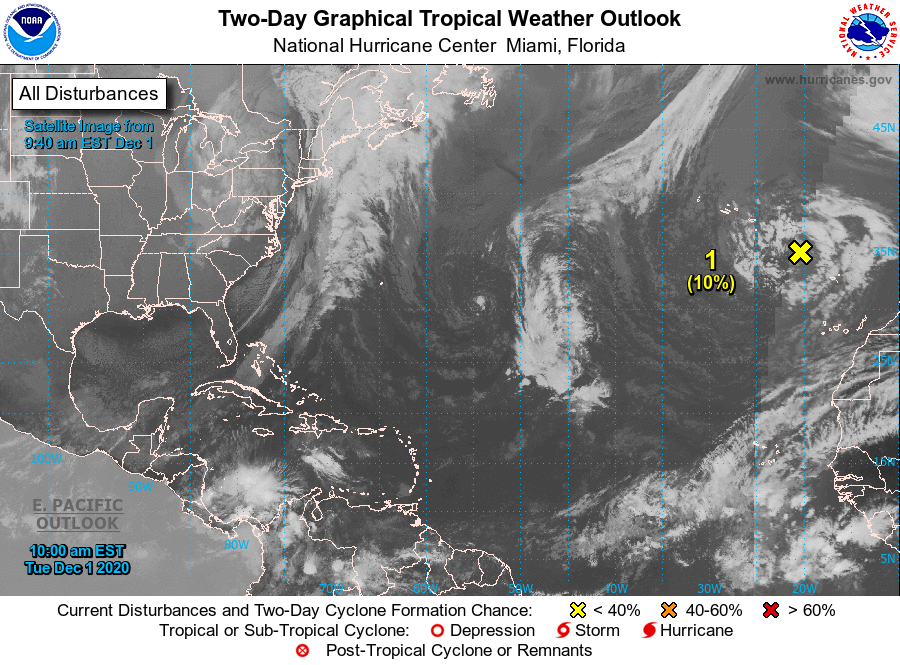
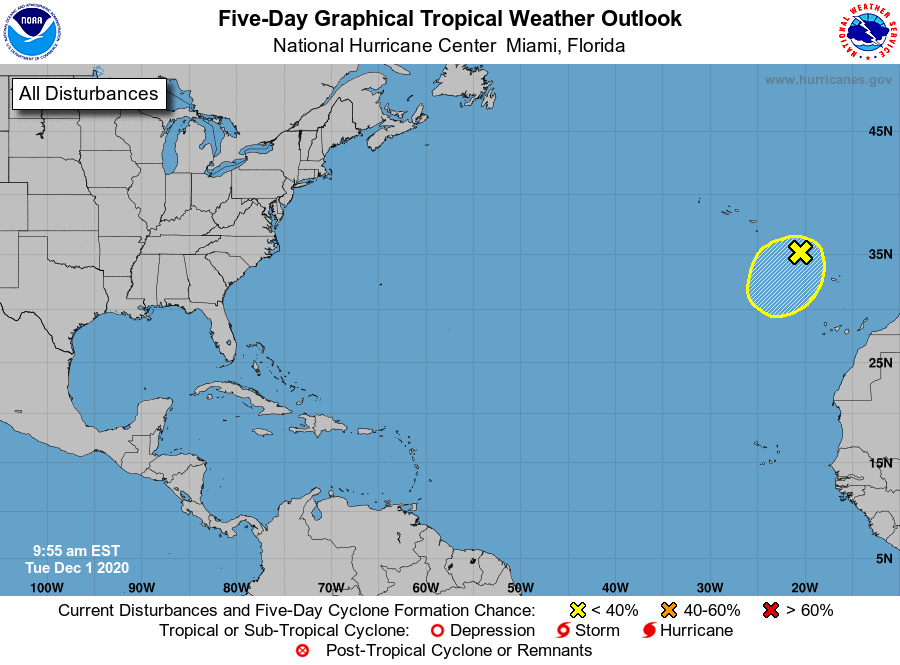
For the North Atlantic...Caribbean Sea and the Gulf of Mexico:

1. A gale-force, non-tropical low pressure system is centered between the Madeira Islands and the Azores. This system has become less organized during the past 24 hours, and environmental conditions are expected to become less conducive for development as the system moves southwestward during the next day or two. Although subtropical development is now unlikely, this system will continue to produce strong winds and locally heavy rains in the Madeira Islands and the Azores through Wednesday. Additional information on this system can be found in High Seas Forecasts issued by Meteo France.

This will be the last Special Tropical Weather Outlook issued on this system. Regularly scheduled Tropical Weather Outlooks will resume on June 1, 2021, while Special Tropical Weather Outlooks will be issued as necessary during the off-season.
* Formation chance through 48 hours...low...10 percent.
* Formation chance through 5 days...low...10 percent.

High Seas Forecasts issued by Meteo France can be found under WMO header FQNT50 LFPW.

Forecaster Beven